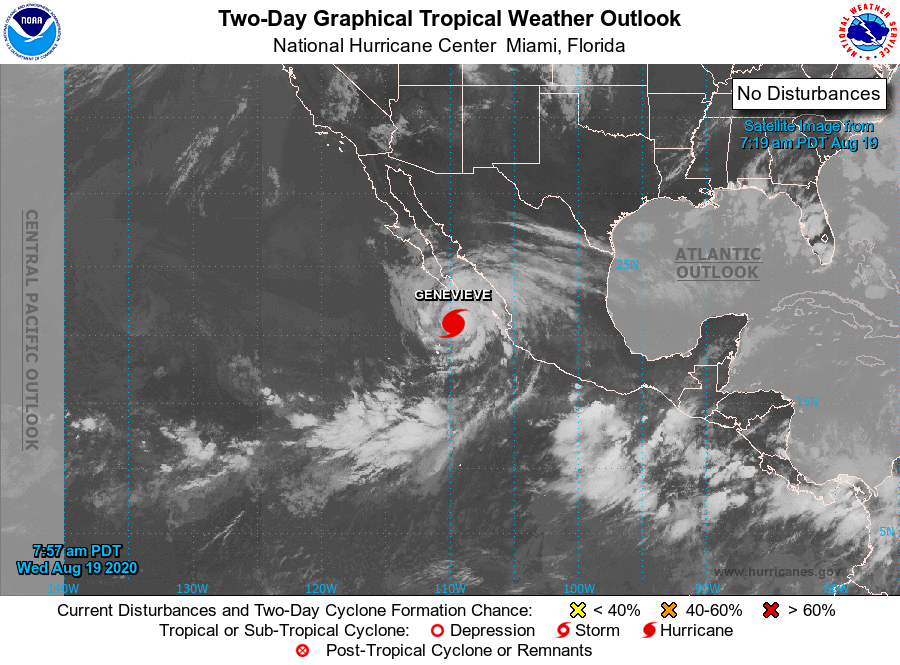
For the eastern North Pacific...east of 140 degrees west longitude:

The National Hurricane Center is issuing advisories on Hurricane Genevieve, located a couple hundred miles south of the southern tip of the Baja California peninsula.

1. An area of low pressure is expected to form later this week several hundred miles southwest of the southwestern coast of Mexico. Conditions appear favorable for some slow development of this system, and a tropical depression could form this weekend or early next week while it moves little.
* Formation chance through 48 hours...low...near 0 percent.
* Formation chance through 5 days...medium...50 percent.

Forecaster Latto